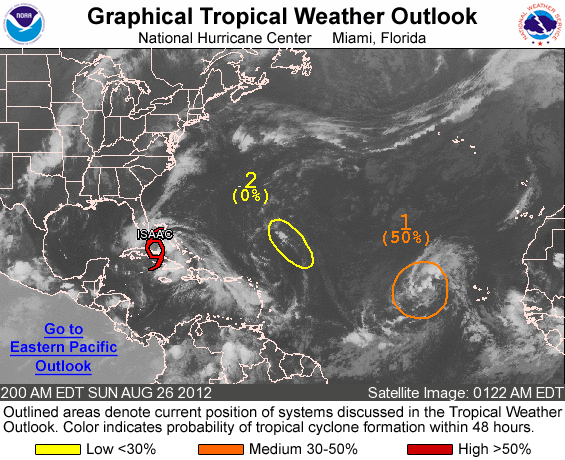
FOR THE NORTH ATLANTIC...CARIBBEAN SEA AND THE GULF OF MEXICO...

THE NATIONAL HURRICANE CENTER IS ISSUING ADVISORIES ON TROPICAL STORM ISAAC...LOCATED ABOUT 35 MILES NORTHEAST OF CANAGUA CUBA.

1. SHOWERS AND THUNDERSTORMS ASSOCIATED WITH AN AREA OF LOW PRESSURE LOCATED ABOUT 525 MILES WEST OF THE CAPE VERDE ISLANDS HAVE CHANGED LITTLE IN ORGANIZATION DURING THE LAST SEVERAL HOURS. ENVIRONMENTAL CONDITIONS APPEAR CONDUCIVE FOR DEVELOPMENT...AND THIS LOW COULD BECOME A TROPICAL DEPRESSION OVER THE NEXT DAY OR TWO. THIS SYSTEM HAS A MEDIUM CHANCE...50 PERCENT...OF BECOMING A TROPICAL CYCLONE DURING THE NEXT 48 HOURS AS IT MOVES WEST-NORTHWESTWARD TO NORTHWESTWARD AT 10 TO 15 MPH.

2. A WEAK TROUGH OF LOW PRESSURE...THE REMNANTS OF TROPICAL STORM JOYCE...IS LOCATED ABOUT 600 MILES NORTHEAST OF THE LEEWARD ISLANDS. UPPER-LEVEL WINDS ARE UNFAVORABLE FOR THIS DISTURBANCE TO REGENERATE INTO A TROPICAL CYCLONE DURING THE NEXT COUPLE OF DAYS. THIS SYSTEM HAS A LOW CHANCE...NEAR 0 PERCENT...OF BECOMING A TROPICAL CYCLONE AGAIN DURING THE NEXT 48 HOURS AS IT MOVES NORTHWESTWARD AT ABOUT 20 MPH.

ELSEWHERE...TROPICAL CYCLONE FORMATION IS NOT EXPECTED DURING THE NEXT 48 HOURS.

FORECASTER KIMBERLAIN